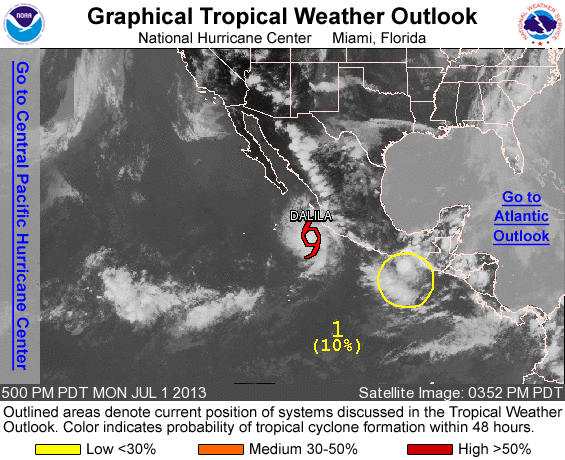
FOR THE EASTERN NORTH PACIFIC...EAST OF 140 DEGREES WEST LONGITUDE..

THE NATIONAL HURRICANE CENTER IS ISSUING ADVISORIES ON TROPICAL STORM DALILA...LOCATED A COUPLE OF HUNDRED MILES OFFSHORE OF THE SOUTHWESTERN COAST OF MEXICO.

1. AN AREA OF DISTURBED WEATHER HAS DEVELOPED OVER THE GULF OF TEHUANTEPEC AND EXTENDS SOUTHWARD FOR SEVERAL HUNDRED MILES. ENVIRONMENTAL CONDITIONS ARE EXPECTED TO BECOME CONDUCIVE FOR SLOW DEVELOPMENT OF THIS DISTURBANCE DURING THE COUPLE OF DAYS. THIS SYSTEM HAS A LOW CHANCE...10 PERCENT...OF BECOMING A TROPICAL CYCLONE DURING THE NEXT 48 HOURS AS IT MOVES WESTWARD TO WEST-NORTHWESTWARD AT 10 MPH.

ELSEWHERE...TROPICAL CYCLONE FORMATION IS NOT EXPECTED DURING THE NEXT 48 HOURS.

FORECASTER KIMBERLAIN/STEWART